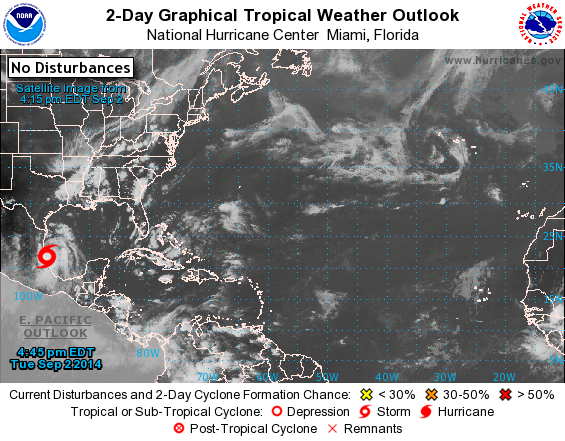
For the North Atlantic...Caribbean Sea and the Gulf of Mexico:

The National Hurricane Center is issuing advisories on Tropical Storm Dolly, located over the southwestern Gulf of Mexico.

1. A tropical wave is expected to move off the coast of west Africa late Thursday. Environmental conditions are expected to be conducive for some development through the weekend while the system moves westward at 15 mph.
* Formation chance through 48 hours...low...near 0 percent.
* Formation chance through 5 days...medium...30 percent.

Public Advisories on Tropical Storm Dolly are issued under WMO header WTNT35 KNHC and under AWIPS header MIATCPAT5. Forecast/Advisories on Tropical Storm Dolly are issued under WMO header WTNT25 KNHC and under AWIPS header MIATCMAT5.

Forecaster Terry